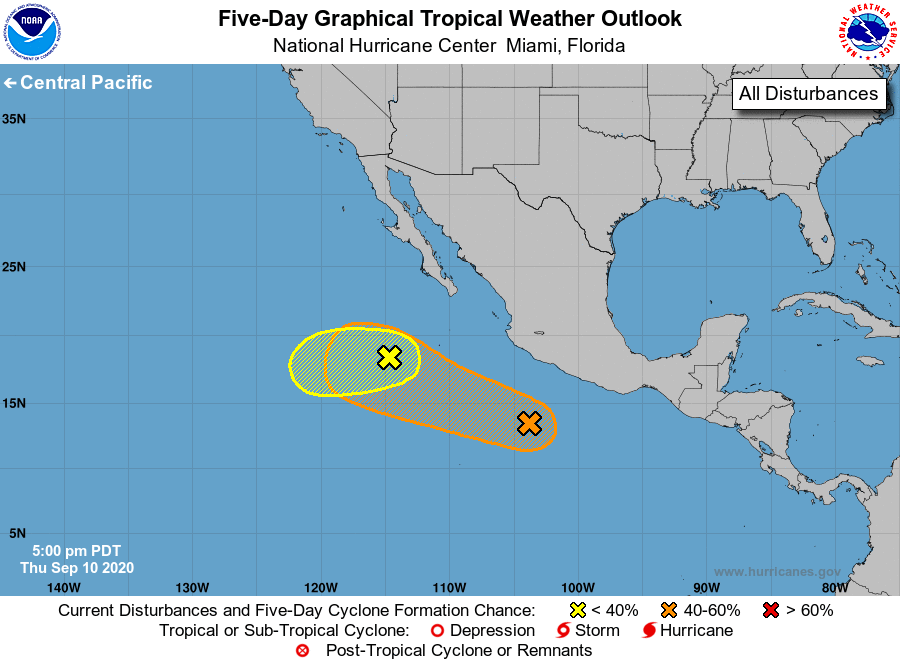
For the eastern North Pacific...east of 140 degrees west longitude:

1. A low pressure area located about 400 miles southwest of the southern tip of the Baja California peninsula is producing a compact area of showers and thunderstorms. Some development of this system is possible during the next few days before it interacts with, and possibly becomes absorbed by, a larger weather disturbance to its east.
* Formation chance through 48 hours...low...20 percent.
* Formation chance through 5 days...low...30 percent.

2. A broad area of low pressure located a few hundred miles south-southwest of the coast of southwestern Mexico continues to produce a large area of disorganized showers and thunderstorms. Environmental conditions appear conducive for development of this system, and a tropical depression could form over the weekend or early next week while the system moves west-northwestward at 10 to 15 mph away from the coast of Mexico.
* Formation chance through 48 hours...medium...40 percent.
* Formation chance through 5 days...medium...60 percent.

Forecaster Latto